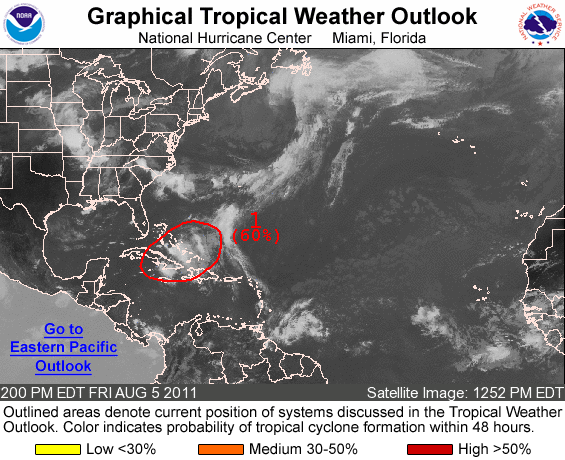
FOR THE NORTH ATLANTIC...CARIBBEAN SEA AND THE GULF OF MEXICO...

1. SURFACE OBSERVATIONS SHOW A BROAD AREA OF LOW PRESSURE LOCATED BETWEEN CENTRAL CUBA AND THE BAHAMAS ASSOCIATED WITH THE REMNANTS OF EMILY. ALTHOUGH THE SHOWER ACTIVITY IS DISORGANIZED AT THIS TIME...UPPER-LEVEL WINDS COULD BECOME A LITTLE MORE CONDUCIVE FOR SOME DEVELOPMENT ON SATURDAY. THIS SYSTEM HAS A HIGH CHANCE...60 PERCENT...OF REGENERATING INTO A TROPICAL CYCLONE DURING THE NEXT 48 HOURS AS IT MOVES TOWARD THE NORTHWEST AND NORTHWARD AT 15 MPH.

ELSEWHERE...TROPICAL CYCLONE FORMATION IS NOT EXPECTED DURING THE NEXT 48 HOURS.

FORECASTER AVILA